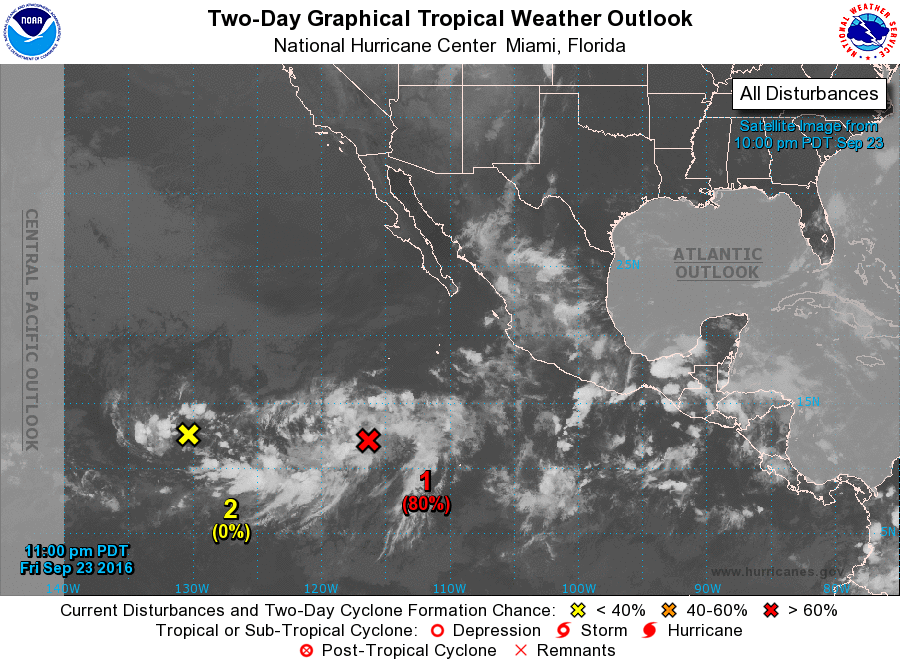
For the eastern North Pacific...east of 140 degrees west longitude:

1. A large low pressure area centered about 800 miles south-southwest of the southern tip of Baja California Sur is producing disorganized shower and thunderstorm activity. Satellite images indicate that the low's circulation, although still broad, has become a little better defined today, and environmental conditions continue to support the formation of a tropical depression over the weekend. This disturbance is moving slowly toward the northwest at 5 to 10 mph, and a turn toward the north is expected in a day or two.
* Formation chance through 48 hours...high...80 percent
* Formation chance through 5 days...high...90 percent

2. A weak area of low pressure is located about 1700 miles east- southeast of the Big Island of Hawaii. Shower and thunderstorm activity remains limited, but the environment is forecast to become more favorable for some development in a few days while the disturbance moves westward at 5 to 10 mph.
* Formation chance through 48 hours...low...near 0 percent
* Formation chance through 5 days...low...30 percent

Forecaster Blake